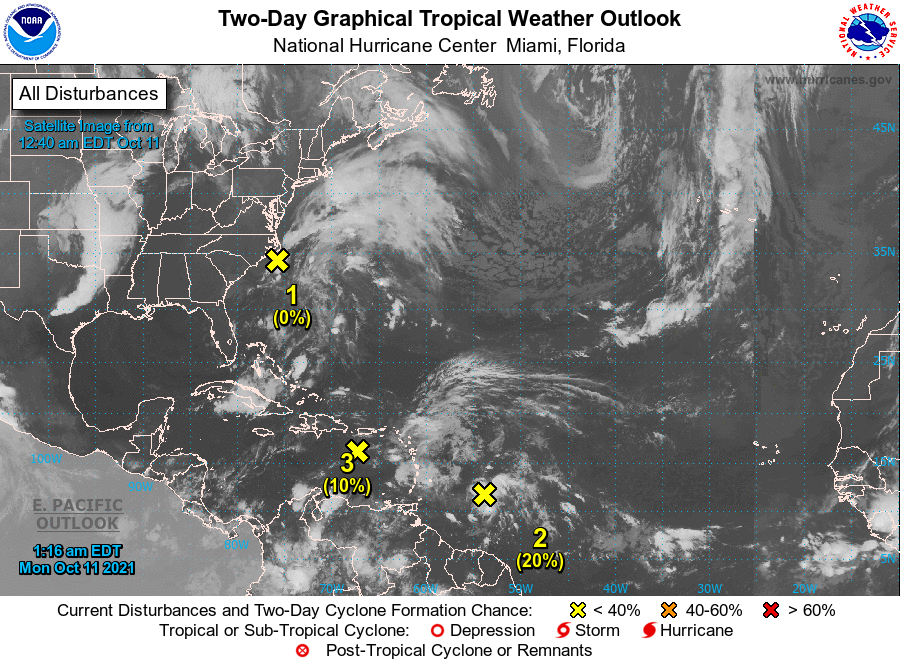
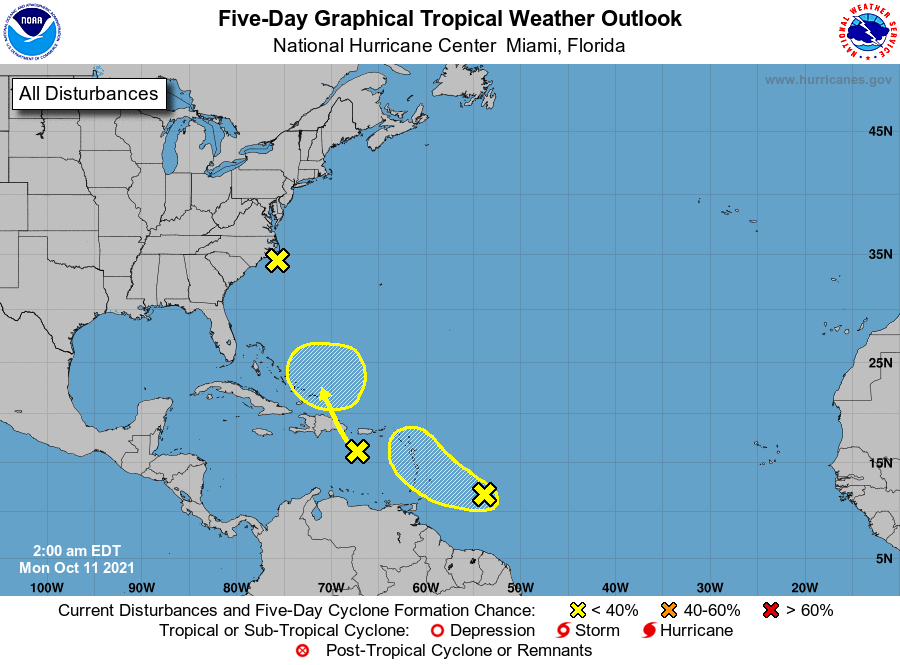
For the North Atlantic...Caribbean Sea and the Gulf of Mexico:

1. A non-tropical low pressure area located just off the North Carolina coast continues to produce some disorganized showers and thunderstorms. Although this system is not expected to become a tropical or subtropical cyclone, locally heavy rainfall and gusty winds are still possible over portions of the North Carolina Outer Banks today and information on these hazards can be found in products issued by your local National Weather Service Office. Additional information on this low pressure system, including gale warnings, can be found in High Seas Forecasts issued by the National Weather Service.
* Formation chance through 48 hours...low...near 0 percent.
* Formation chance through 5 days...low...near 0 percent.

2. A tropical wave located about 400 miles east-southeast of the Windward Islands continues to produce disorganized cloudiness and thunderstorms. Some slow development is possible during the next day or two while the system moves west-northwestward at about 15 mph toward the Lesser Antilles. After that time, strong upper-level winds are expected to limit further development. Regardless of development, the system could produce locally heavy rainfall and gusty winds across portions of the central and northern Lesser Antilles on Tuesday, and across the Virgin Islands and Leeward Islands on Wednesday.
* Formation chance through 48 hours...low...20 percent.
* Formation chance through 5 days...low...30 percent.

3. Another tropical wave located over the eastern Caribbean Sea is producing a large area of disorganized cloudiness and showers. Unfavorable upper-level winds are expected to limit development over the next day or so, but environmental conditions could become a little more conducive for some gradual development of the system when it is located near the southeastern Bahamas around midweek. Regardless of development, locally heavy rainfall is possible over portions of the Lesser Antilles, Puerto Rico, and Hispaniola during the next couple of days.
* Formation chance through 48 hours...low...10 percent.
* Formation chance through 5 days...low...20 percent.

High Seas Forecasts issued by the National Weather Service can be found under AWIPS header NFDHSFAT1, WMO header FZNT01 KWBC, and online at ocean.weather.gov/shtml/NFDHSFAT1.php

Forecaster Cangialosi